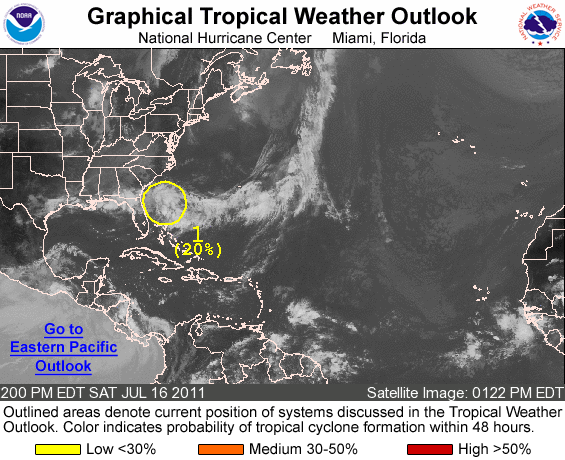
FOR THE NORTH ATLANTIC...CARIBBEAN SEA AND THE GULF OF MEXICO...

1. A SURFACE TROUGH ASSOCIATED WITH A WEAKENING FRONTAL SYSTEM IS PRODUCING WIDESPREAD CLOUDINESS AND SHOWERS FROM THE NORTHEASTERN FLORIDA AND GEORGIA COASTS EASTWARD OVER THE ATLANTIC OCEAN FOR SEVERAL HUNDRED MILES. UPPER-LEVEL WINDS ARE ONLY MARGINALLY CONDUCIVE FOR DEVELOPMENT...BUT COULD BECOME A LITTLE MORE FAVORABLE DURING THE NEXT DAY OR TWO. THIS SYSTEM HAS A LOW CHANCE...20 PERCENT...OF BECOMING A TROPICAL CYCLONE DURING THE NEXT 48 HOURS AS IT MOVES SLOWLY TOWARD THE SOUTHEAST OR SOUTH.

ELSEWHERE...TROPICAL CYCLONE FORMATION IS NOT EXPECTED DURING THE NEXT 48 HOURS.

FORECASTER STEWART